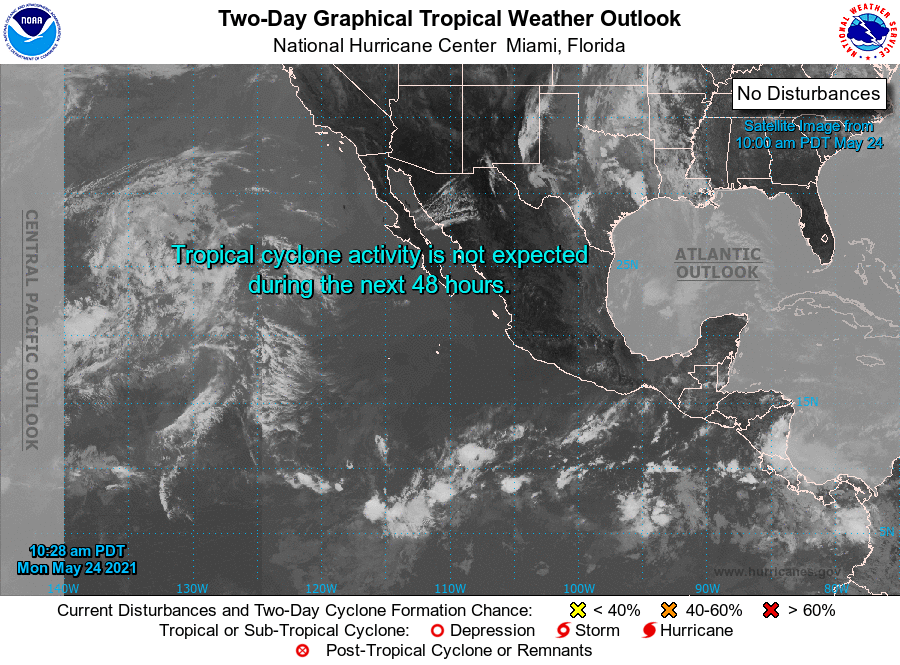
For the eastern North Pacific...east of 140 degrees west longitude:

1. An area of low pressure is expected to form several hundred miles south of the southern coast of Mexico later this week. Conditions appear favorable for some development of this system thereafter as it moves westward to west-northwestward.
* Formation chance through 48 hours...low...near 0 percent.
* Formation chance through 5 days...low...20 percent.

Forecaster Latto